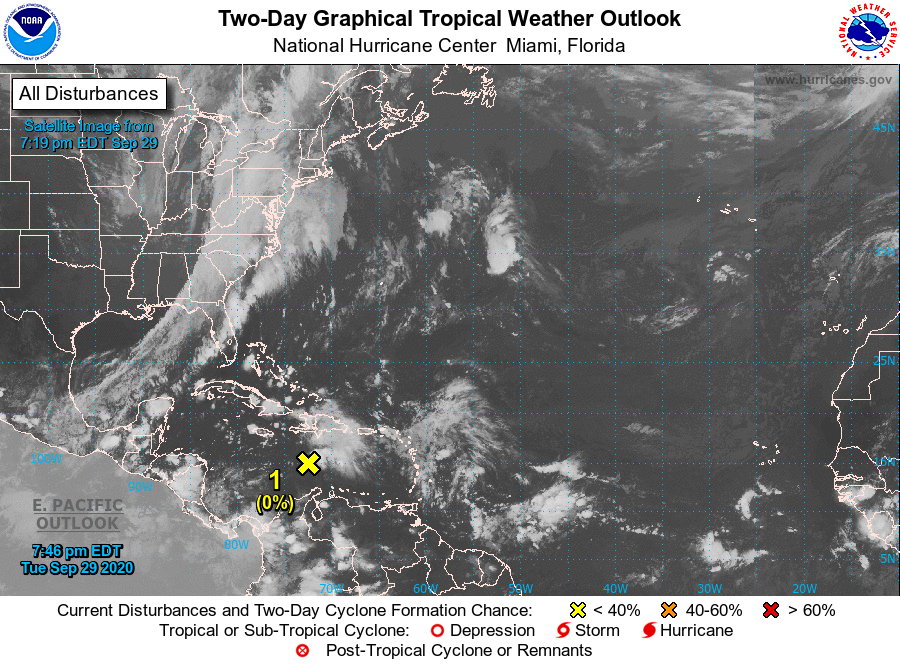
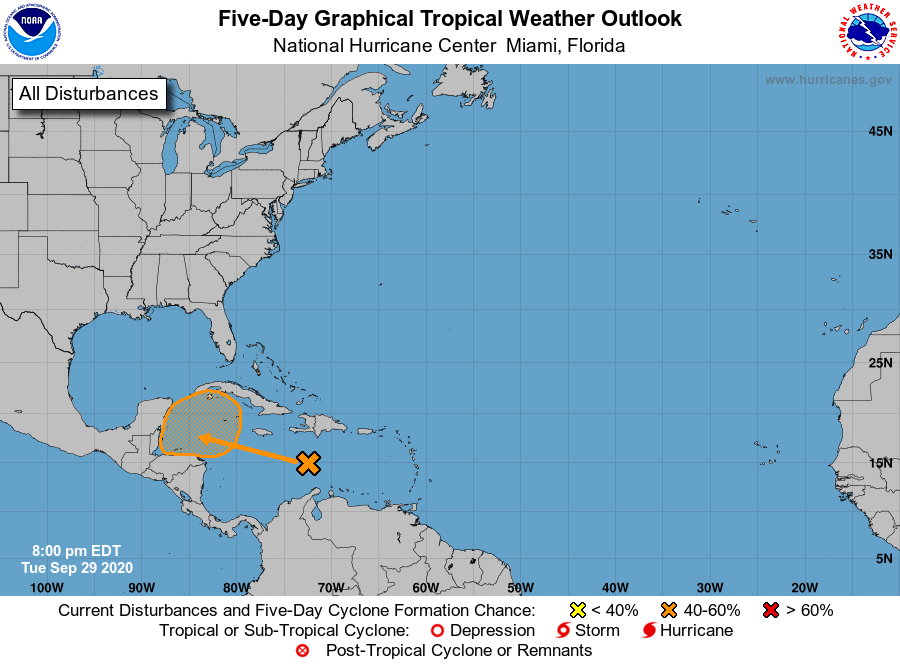
For the North Atlantic...Caribbean Sea and the Gulf of Mexico:

1. A tropical wave located over the central Caribbean Sea is expected to move westward over the next few days and interact with a frontal system, producing a broad area of low pressure over the western Caribbean Sea on Friday. Environmental conditions are forecast to be conducive for some additional development thereafter, and a tropical depression could form over the weekend while the system moves slowly west-northwestward over the northwestern Caribbean Sea.
* Formation chance through 48 hours...low...near 0 percent.
* Formation chance through 5 days...medium...60 percent.

Forecaster Stewart